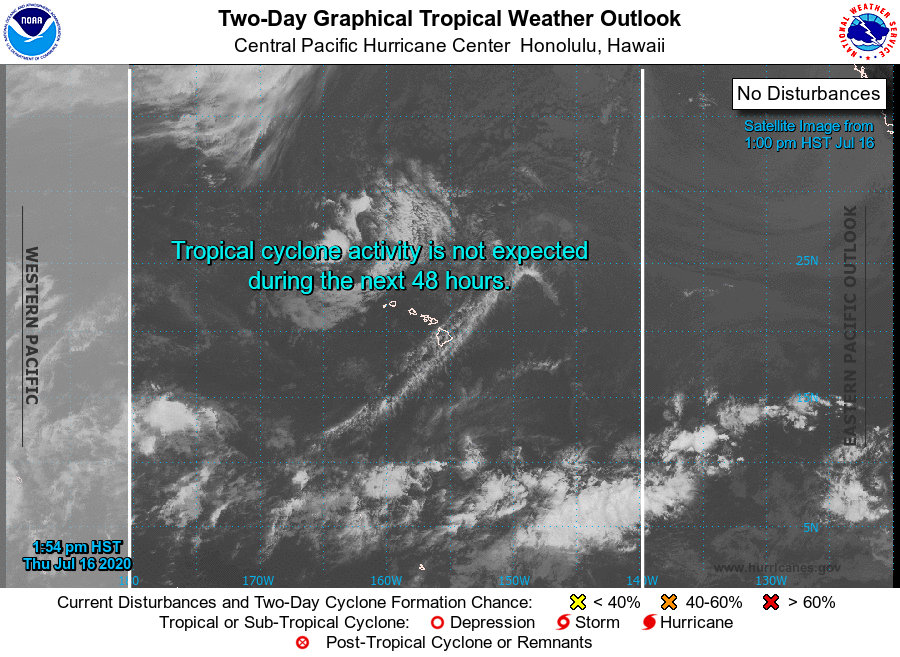
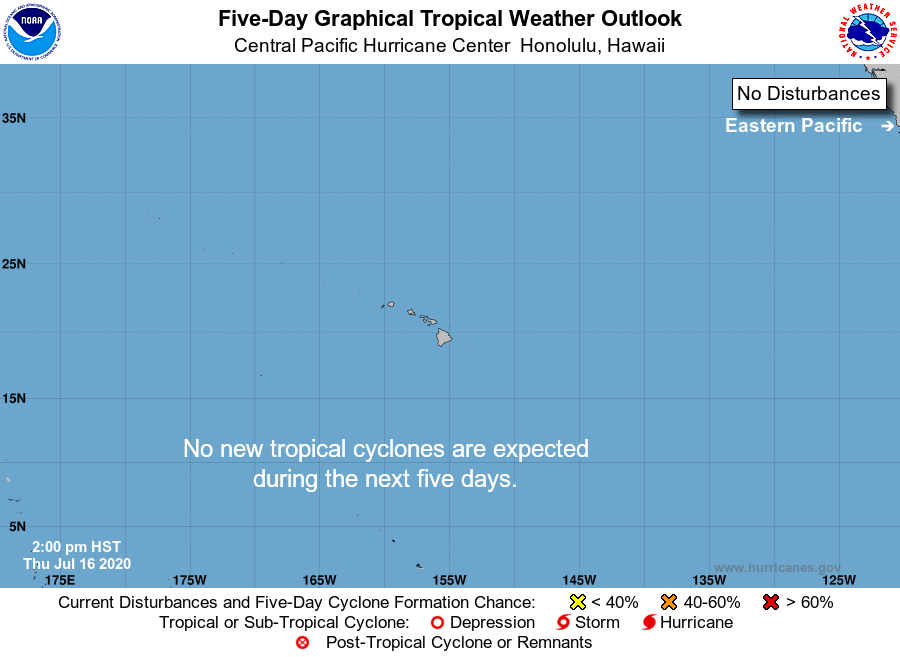
For the central North Pacific...between 140W and 180W:

No tropical cyclones are expected during the next 5 days.

Forecaster TS